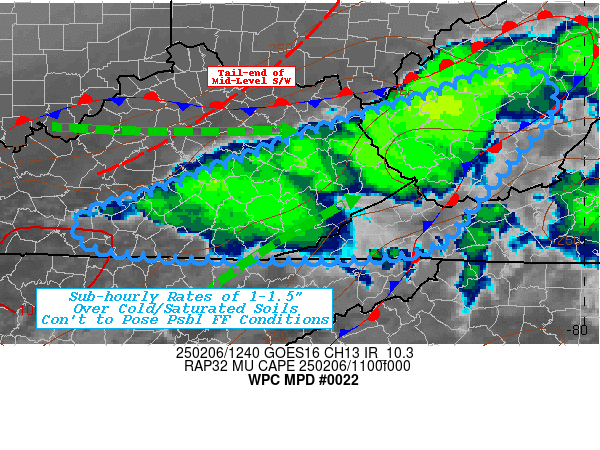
Areas affected...South-central & Eastern KY...Southern WV... Far
Western VA...

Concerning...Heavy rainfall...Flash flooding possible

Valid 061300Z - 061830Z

SUMMARY...While intensity and coverage is on a downward trend, a
few cells will remain capable of intense rain rates of
1.25-1.5"/hr over saturated soils for scattered incident or two of
flash flooding through the remainder of the morning.

DISCUSSION...GOES-E WV suite shows the core of the triggering
shortwave energy along the base of the broader synoptic trough has
slid across central Ohio with trailing tail crossing northern KY
along/ahead of the approaching 130+kt flat upper-level jet.  This
orientation continues to provide solid broad scale ascent with
DPVA south and eastward across the area of concern, accompanied by
solid divergence to maintain ongoing convective activity across
the warm sector. Surface and VAD wind profiles also denote the
speed and directional confluence/convergence supporting the active
line of cells with about 30-45 degrees of convergence in both
10-20kts of sfc and 50 to 60kts of 850mb flow.  Additionally, this
confluence zone continues to align  with diminishing but
sufficient unstable air mass with mid-60s temps over upper 50s/low
60s Tds and modest lapse rates for 750-1000 J/kg of SBCAPE across
south-central to southeastern KY reducing across WV to below 500
J/kg.

As such, overall trends have been toward slightly warming tops;
however, there remain some stronger/broader updrafts with weak
rotation across southern KY to tap all the available low level
moisture (over 1.25" total PWats), to allow for some remaining
efficient rainfall with sub-hourly rates resulting in some totals
over 1-1.25" in quick duration.  Instability and rates will
diminish through the morning, but west to east cell motion and
inflow from the southeast into increasing terrain should help for
some orographic enhancement as well to maintain a low-end
scattered threat for intense rates.

While orientation of the convergence/convective line has become
more oblique to the mean steering flow, reducing the capability
for much higher totals from training noted overall; the soil
conditions across E KY into S WV/W VA remain cold and highly
saturated with NASA SPoRT LIS 0-40cm soil ratios well over 75%
with some spots near 90% in higher terrain that may still have or
recently just lost the majority of snow pack.  As such, FFG values
are very low (1-1.5"/hr) naturally and with little capacity for
uptake especially in remaining sub-hourly intense rates...even has
they diminish with reducing instability into late morning,
incidents of flash flooding will remain possible.